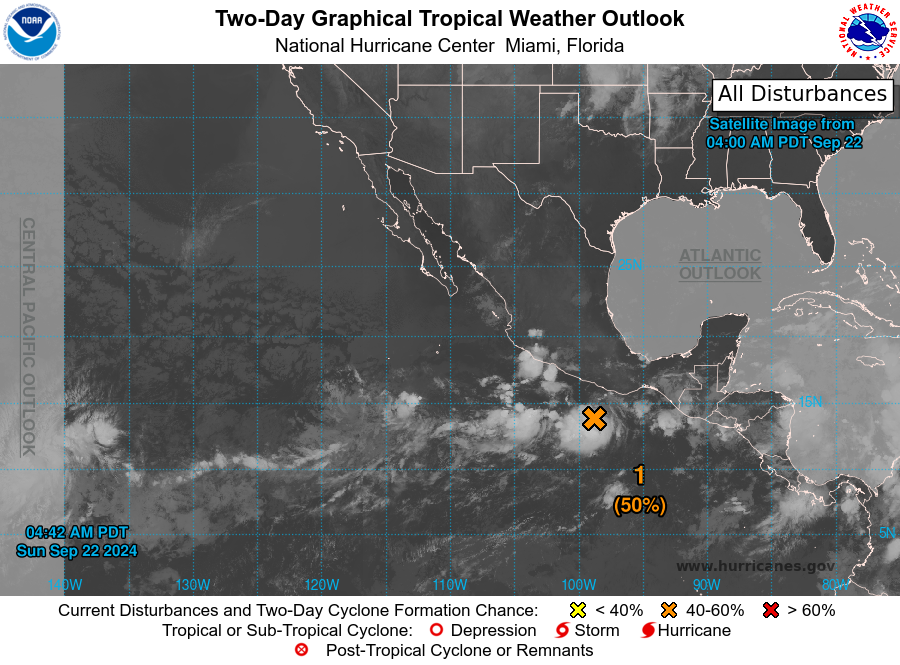
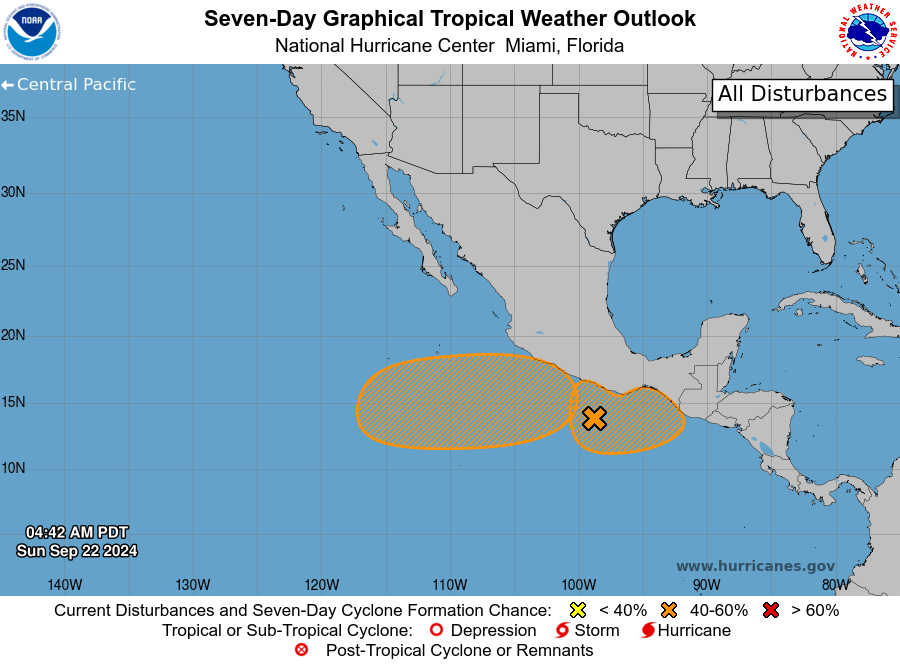
For the eastern North Pacific...east of 140 degrees west longitude:

1. Offshore of Southern Mexico (EP94): Showers and thunderstorms associated with an area of low pressure located less than 200 miles south of the coast of southern Mexico have become better organized since yesterday. Environmental conditions appear conducive for additional development of this system, and a tropical depression could form during the next couple of days while the system drifts slowly northeastward toward the coast of southern Mexico.
* Formation chance through 48 hours...medium...50 percent.
* Formation chance through 7 days...medium...60 percent.

2. Central Portion of the East Pacific: An area of low pressure could form well to the southwest of the southwestern coast of Mexico during the next couple of days. Environmental conditions appear conducive for some slow development of this system, and a tropical depression could form during the middle part of the week while the system moves slowly eastward or northeastward.
* Formation chance through 48 hours...low...near 0 percent.
* Formation chance through 7 days...medium...50 percent.

Forecaster Hagen